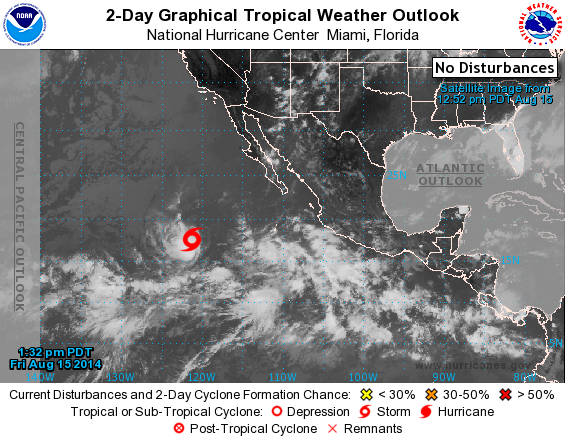
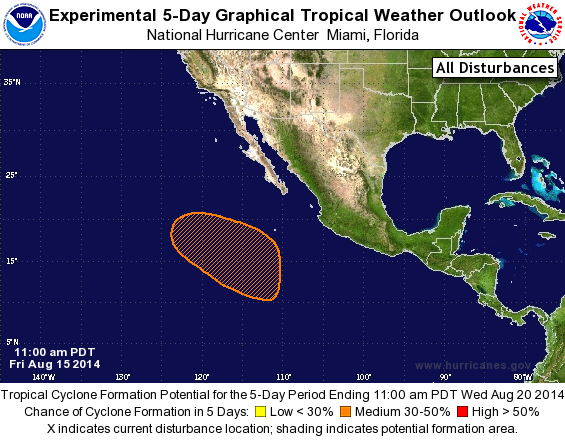
For the eastern North Pacific...east of 140 degrees west longitude:

The National Hurricane Center is issuing advisories on Tropical Storm Karina, located several hundred miles west-southwest of the southern tip of the Baja California peninsula.

1. An area of low pressure is forecast to form in a couple days a few hundred miles southwest of the southern tip of the Baja California peninsula. Some gradual development of this system is possible early next week while it moves generally west- northwestward.
* Formation chance through 48 hours...low...near 0 percent.
* Formation chance through 5 day...medium...30 percent.

Forecaster Landsea